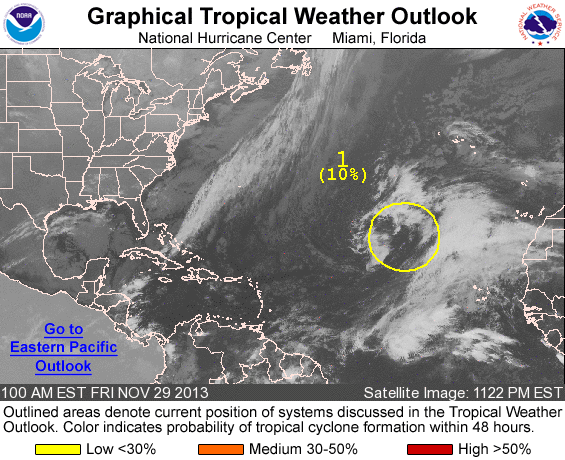
FOR THE NORTH ATLANTIC...CARIBBEAN SEA AND THE GULF OF MEXICO...

1. A NON-TROPICAL LOW PRESSURE SYSTEM CONTINUES TO GRADUALLY DEVELOP OVER THE EASTERN ATLANTIC OCEAN ABOUT MIDWAY BETWEEN THE LESSER ANTILLES AND THE AZORES. DEVELOPMENT OF THIS LOW AS A SUBTROPICAL CYCLONE IS BECOMING LESS LIKELY WHILE IT MOVES GENERALLY NORTHEASTWARD DURING THE NEXT SEVERAL DAYS. THIS SYSTEM HAS A LOW CHANCE...10 PERCENT...OF BECOMING A SUBTROPICAL CYCLONE DURING THE NEXT 48 HOURS...AND A LOW CHANCE...10 PERCENT...OF BECOMING A SUBTROPICAL CYCLONE DURING THE NEXT 5 DAYS.

ADDITIONAL INFORMATION ON THIS SYSTEM CAN BE FOUND IN HIGH SEAS FORECASTS ISSUED BY THE NATIONAL WEATHER SERVICE.

HIGH SEAS FORECASTS ISSUED BY THE NATIONAL WEATHER SERVICE ARE FOUND UNDER AWIPS HEADER NFDHSFAT1 AND WMO HEADER FZNT01 KWBC.

FIVE-DAY FORMATION PROBABILITIES ARE EXPERIMENTAL IN 2013. COMMENTS ON THE EXPERIMENTAL FORECASTS CAN BE PROVIDED AT...

HTTP://WWW.NWS.NOAA.GOV/SURVEY/NWS-SURVEY.PHP?CODE=ETWO

FORECASTER KIMBERLAIN